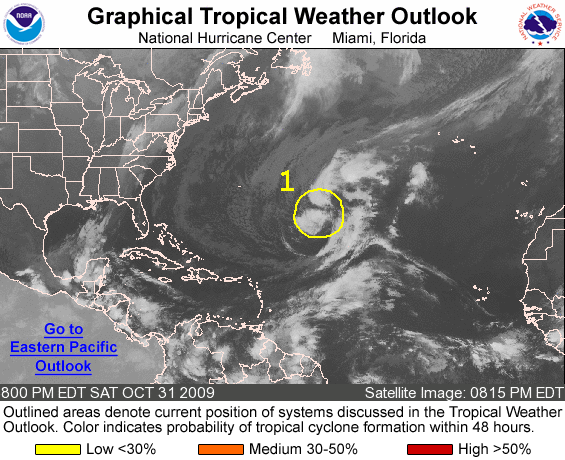
FOR THE NORTH ATLANTIC...CARIBBEAN SEA AND THE GULF OF MEXICO...

CORRECTED TO ADD REFERENCE TO HIGH SEAS FORECAST

1. A NON-TROPICAL GALE CENTER IS LOCATED ABOUT 850 MILES EAST-SOUTHEAST OF BERMUDA. THIS LOW COULD SLOWLY ACQUIRE SOME SUBTROPICAL CHARACTERISTICS AS IT BEGINS TO MOVE NORTHWESTWARD AND THEN NORTHWARD OVER THE NEXT COUPLE OF DAYS. THERE IS A LOW CHANCE... LESS THAN 30 PERCENT...OF THIS SYSTEM BECOMING A SUBTROPICAL CYCLONE DURING THE NEXT 48 HOURS.

FOR ADDITIONAL INFORMATION ON THIS SYSTEM...REFER TO HIGH SEAS FORECASTS ISSUED BY THE NATIONAL WEATHER SERVICE UNDER AWIPS HEADER NFDHSFAT1 AND WMO HEADER FZNT01 KWBC.

ELSEWHERE...TROPICAL OR SUBTROPICAL CYCLONE FORMATION IS NOT EXPECTED DURING THE NEXT 48 HOURS.

FORECASTER BRENNAN